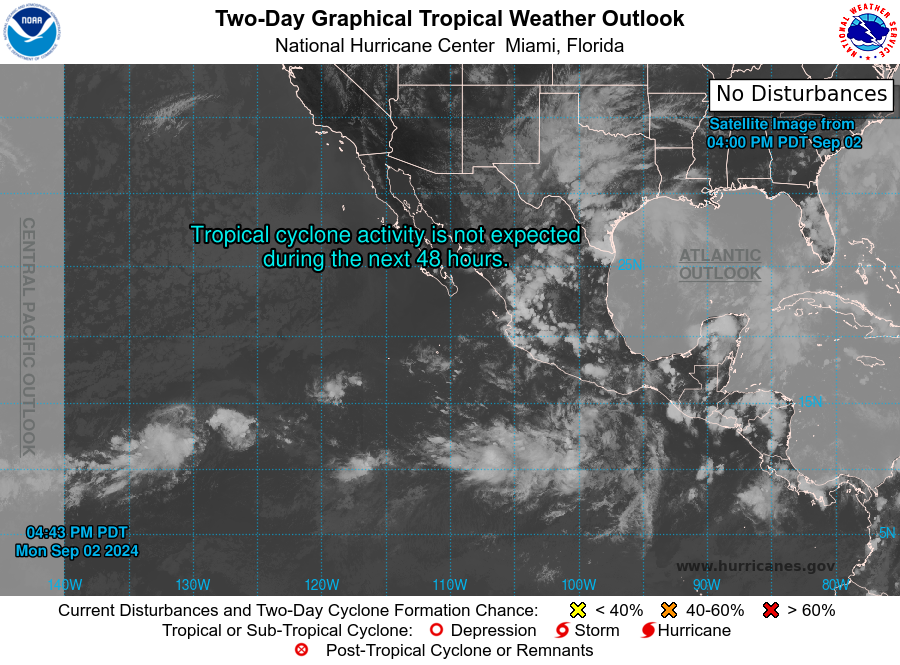
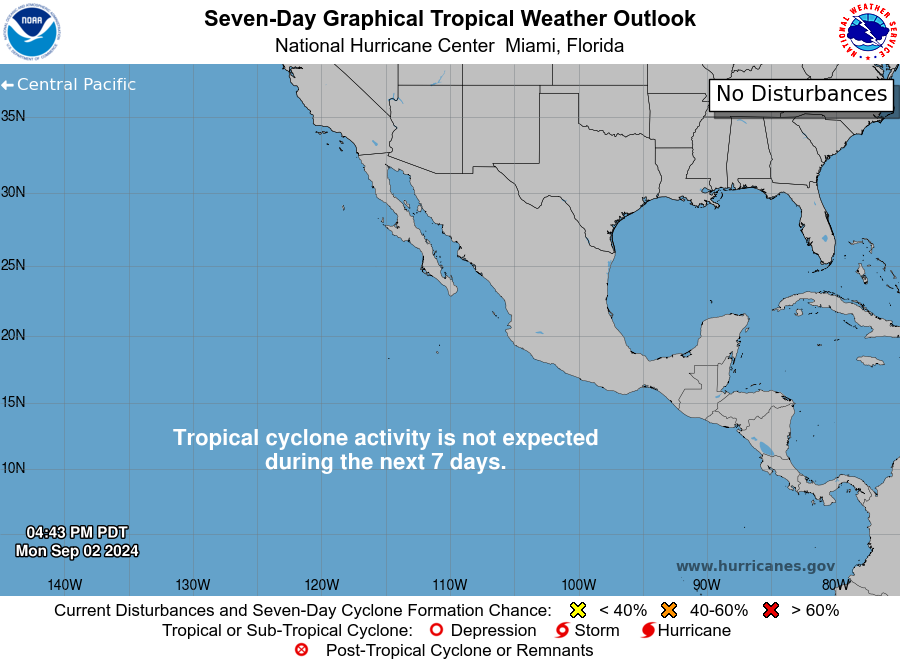
For the eastern North Pacific...east of 140 degrees west longitude:

Tropical cyclone formation is not expected during the next 7 days.

Forecaster Pasch